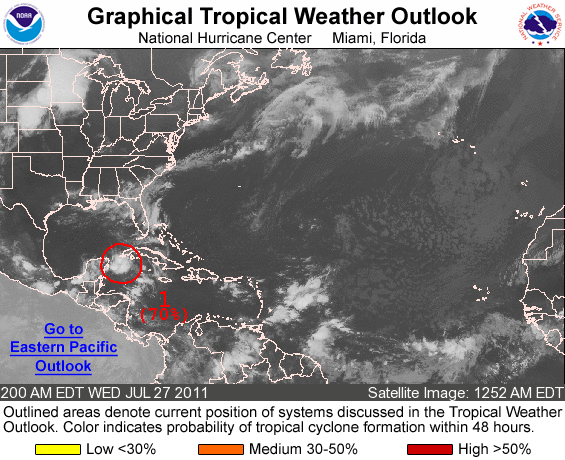
FOR THE NORTH ATLANTIC...CARIBBEAN SEA AND THE GULF OF MEXICO...

1. SHOWERS AND THUNDERSTORMS ASSOCIATED WITH A TROPICAL WAVE OVER THE NORTHWESTERN CARIBBEAN SEA JUST TO THE SOUTH OF THE WESTERN TIP OF CUBA HAVE BECOME BETTER ORGANIZED OVER THE PAST FEW HOURS...AND SURFACE OBSERVATIONS SUGGEST THAT A CIRCULATION COULD BE FORMING ABOUT 125 MILES EAST OF CANCUN MEXICO. IF THESE TRENDS CONTINUE... A TROPICAL DEPRESSION COULD DEVELOP LATER TODAY. INTERESTS IN THE NORTHEASTERN YUCATAN PENINSULA SHOULD MONITOR THE PROGRESS OF THIS SYSTEM AS IT MOVES WEST-NORTHWESTWARD NEAR 15 MPH. THIS SYSTEM HAS A HIGH CHANCE...70 PERCENT...OF BECOMING A TROPICAL CYCLONE DURING THE NEXT 48 HOURS.

ELSEWHERE...TROPICAL CYCLONE FORMATION IS NOT EXPECTED DURING THE NEXT 48 HOURS.

FORECASTER PASCH/BERG